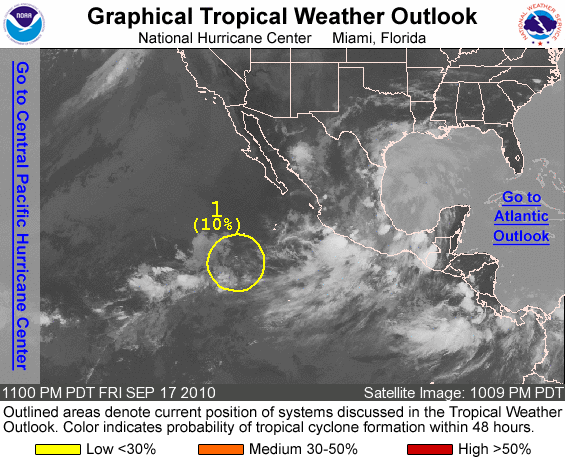
FOR THE EASTERN NORTH PACIFIC...EAST OF 140 DEGREES WEST LONGITUDE..

1. SHOWERS AND THUNDERSTORMS REMAIN MINIMAL IN ASSOCIATION WITH A WEAK LOW PRESSURE SYSTEM LOCATED ABOUT 620 MILES WEST-SOUTHWEST OF MANZANILLO MEXICO. UPPER-LEVEL WINDS ARE UNFAVORABLE FOR SIGNIFICANT DEVELOPMENT DURING THE NEXT DAY OR TWO AS THE SYSTEM DRIFTS SLOWLY EASTWARD. THERE IS A LOW CHANCE...10 PERCENT...OF THIS SYSTEM BECOMING A TROPICAL CYCLONE DURING THE NEXT 48 HOURS.

ELSEWHERE...TROPICAL CYCLONE FORMATION IS NOT EXPECTED DURING THE NEXT 48 HOURS.

FORECASTER BLAKE